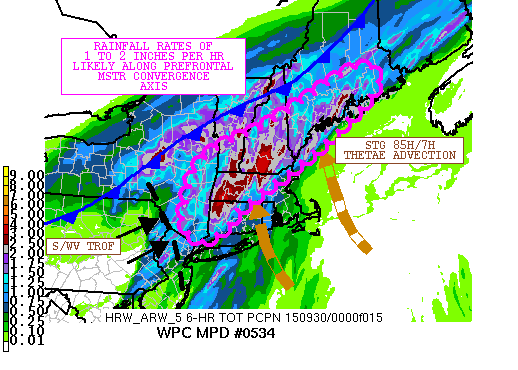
AREAS AFFECTED...EASTERN NY...CT...MA..SRN VT...SRN NH...SRN ME

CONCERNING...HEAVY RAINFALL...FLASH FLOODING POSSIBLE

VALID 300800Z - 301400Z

SUMMARY...INCREASING HEAVY RAINS AND EMBEDDED CONVECTION WILL
CONTINUE TO SPREAD NEWD ALONG PREFRONTAL TROF AXIS WITH LOCAL
RAINFALL RATES OF 1 TO 2 INCHES PER HOUR POSSIBLE.

DISCUSSION...SFC/RADAR IMAGERY SHOWS A LARGE AREA OF MODERATE TO
HEAVY RAINS CONTINUING TO SPREAD NEWD FROM THE NORTHERN MID ATLC
REGION INTO NEW ENGLAND.  THE HEAVIER RAINS AND COLDER CLOUD TOPS
ARE CONTINUING TO OCCUR WELL EAST OF THE MAIN SYNOPTIC COLD FRONT
AHEAD OF MID/UPR S/WV AXIS LIFTING NEWD ACRS EASTERN PA AND
NORTHERN NJ AS OF 08Z.  A WEAK PREFRONTAL LOW WAS STILL EVIDENT
ACRS SOUTH CENTRAL PA AS 0F 07Z WITH INVERTED TROF AXIS EXTENDING
NEWD INTO CT. THIS MAY CONTINUE TO PROVIDE A FOCUS FOR ENHANCED
CONVERGENCE AS THE LOW LIFTS NEWD TOWARD SOUTHERN NEW ENGLAND THIS
MORNING.  INCREASING LOW LEVEL SELY FLOW WAS EVIDENT OFF THE COAST
PROVIDING A CONTINUATION OF STG MSTR FLUX INTO PARTS OF SRN NY
NEWD INTO COASTAL NEW ENGLAND.  OTHERWISE...MODELS CONTINUE TO
ADVERTISE STG 85H TO 75H MSTR FLUX ACROSS MOST OF SRN NEW ENGLAND
INTO SRN MAINE INTO THE MORNING HOURS.

THE 00Z WRF ARW HAS SHOWN BEST FIT TO RAINFALL TRENDS THUS FAR AND
SUGGESTS POTENTIAL FOR LOCAL RAINFALL AMOUNTS OF 2.5 TO 3" PLUS
RAINS IN 6 HRS...DESPITE LITTLE OR NO CAPE.  THESE AMOUNTS ON TOP
OF WHAT HAS ALREADY OCCURRED ACROSS PARTS OF THE REGION COULD
POSSIBLY LEAD TO SOME RUNOFF ISSUES...ESPECIALLY IN THE STEEPER
TERRAIN.